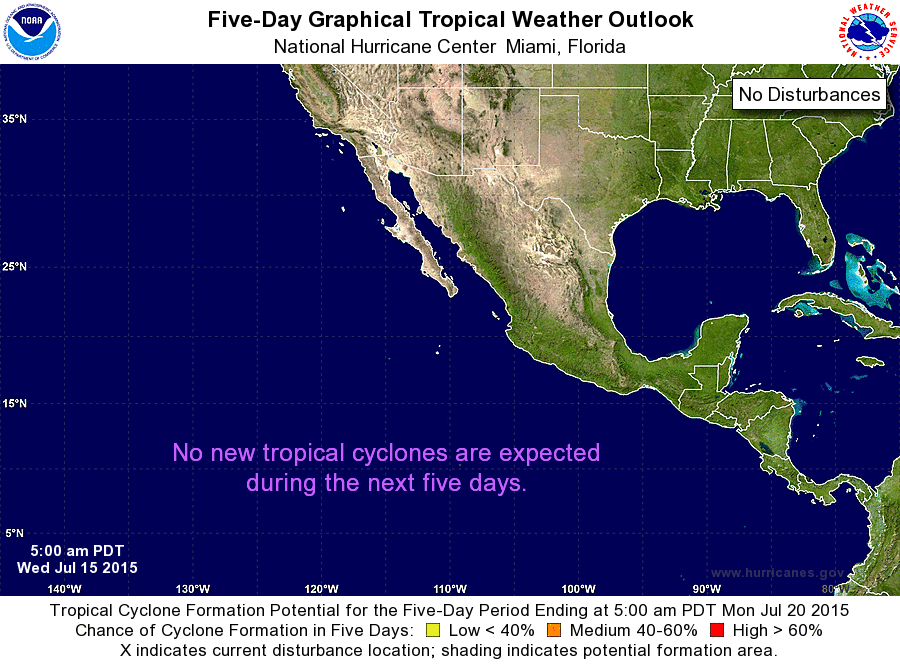
For the eastern North Pacific...east of 140 degrees west longitude:

The National Hurricane Center is issuing advisories on Hurricane Dolores, located a few hundred miles south of Cabo San Lucas, Mexico, and on Tropical Storm Enrique, located well west of the southern tip of the Baja California peninsula.

Tropical cyclone formation is not expected during the next 5 days.

Forecaster Berg